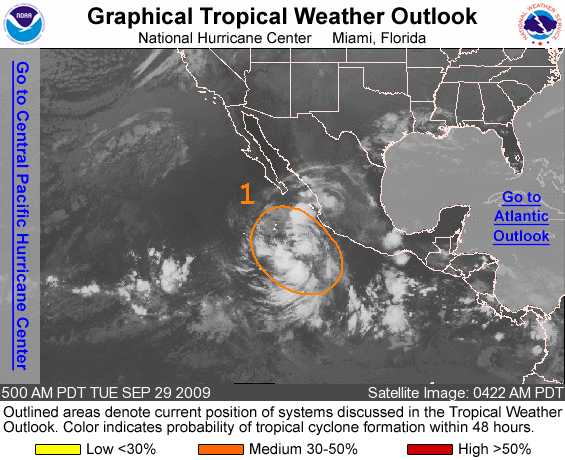
FOR THE EASTERN NORTH PACIFIC...EAST OF 140 DEGREES WEST LONGITUDE..

1. A BROAD AREA OF LOW PRESSURE LOCATED SEVERAL HUNDRED MILES SOUTH OF THE SOUTHERN TIP OF BAJA CALIFORNIA IS PRODUCING A LARGE AREA OF DISORGANIZED SHOWERS AND THUNDERSTORMS. CONDITIONS APPEAR FAVORABLE FOR GRADUAL DEVELOPMENT OF THIS SYSTEM DURING THE NEXT COUPLE OF DAYS AS IT MOVES WEST-NORTHWESTWARD AROUND 10 MPH. THERE IS A MEDIUM CHANCE....30 TO 50 PERCENT...OF THIS SYSTEM BECOMING A TROPICAL CYCLONE DURING THE NEXT 48 HOURS.

ELSEWHERE...TROPICAL CYCLONE FORMATION IS NOT EXPECTED DURING THE NEXT 48 HOURS.

FORECASTER PASCH/CANGIALOSI